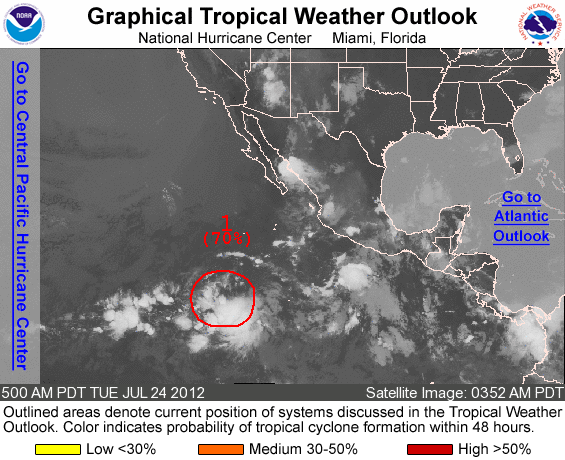
FOR THE EASTERN NORTH PACIFIC...EAST OF 140 DEGREES WEST LONGITUDE..

1. A LOW PRESSURE SYSTEM CENTERED ABOUT 975 MILES SOUTHWEST OF MANZANILLO MEXICO HAS CHANGED LITTLE THIS MORNING. HOWEVER... ENVIRONMENTAL CONDITIONS REMAIN MARGINALLY CONDUCIVE FOR A TROPICAL DEPRESSION TO FORM DURING THE NEXT COUPLE OF DAYS. THIS SYSTEM HAS A HIGH CHANCE...70 PERCENT...OF BECOMING A TROPICAL CYCLONE DURING THE NEXT 48 HOURS AS IT MOVES WESTWARD OR WEST-NORTHWESTWARD AT 10 MPH.

ELSEWHERE...TROPICAL CYCLONE FORMATION IS NOT EXPECTED DURING THE NEXT 48 HOURS.

FORECASTER STEWART